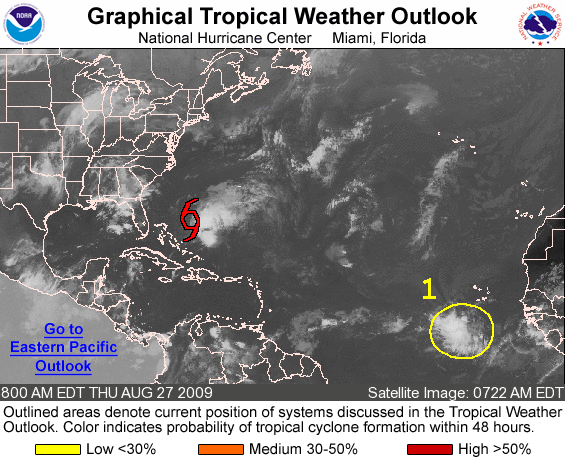
FOR THE NORTH ATLANTIC...CARIBBEAN SEA AND THE GULF OF MEXICO...

THE NATIONAL HURRICANE CENTER IS ISSUING ADVISORIES ON TROPICAL STORM DANNY...LOCATED ABOUT 575 MILES SOUTH-SOUTHEAST OF CAPE HATTERAS NORTH CAROLINA.

1. A TROPICAL WAVE IS LOCATED OVER THE FAR EASTERN ATLANTIC OCEAN ABOUT 300 MILES SOUTH-SOUTHWEST OF THE CAPE VERDE ISLANDS. THE ASSOCIATED SHOWER ACTIVITY HAS BECOME A LITTLE BETTER ORGANIZED THIS MORNING...AND ADDITIONAL SLOW DEVELOPMENT OF THIS SYSTEM IS POSSIBLE OVER THE NEXT COUPLE OF DAYS AS IT MOVES WESTWARD AT 10 TO 15 MPH. THERE IS A LOW CHANCE...LESS THAN 30 PERCENT...OF THIS SYSTEM BECOMING A TROPICAL CYCLONE DURING THE NEXT 48 HOURS.

ELSEWHERE...TROPICAL CYCLONE FORMATION IS NOT EXPECTED DURING THE NEXT 48 HOURS.

PUBLIC ADVISORIES ON DANNY ARE ISSUED UNDER WMO HEADER WTNT35 KNHC AND UNDER AWIPS HEADER MIATCPAT5. FORECAST/ADVISORIES ON DANNY ARE ISSUED UNDER WMO HEADER WTNT25 KNHC AND UNDER AWIPS HEADER MIATCMAT5.

FORECASTER BEVEN